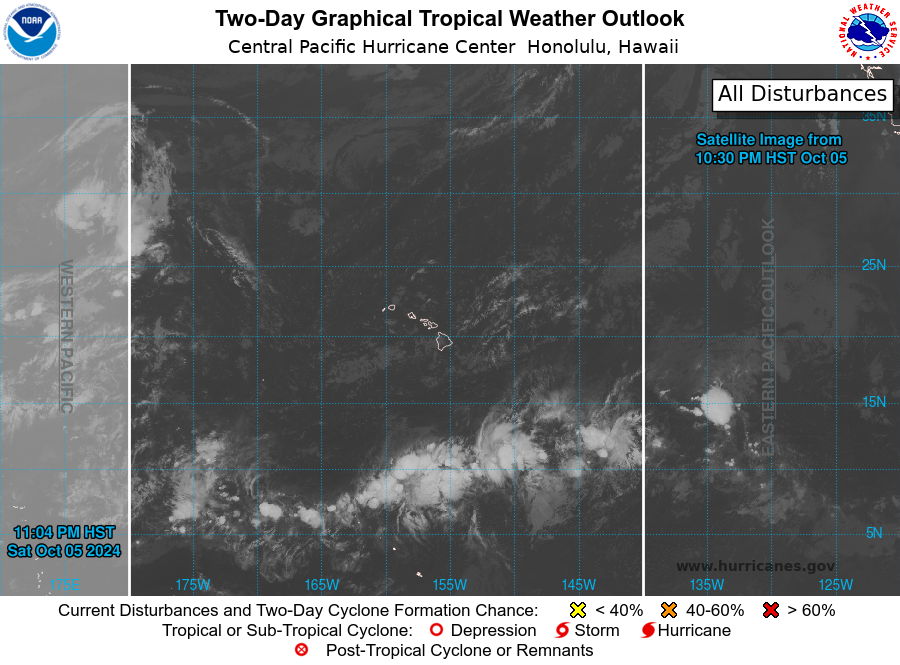
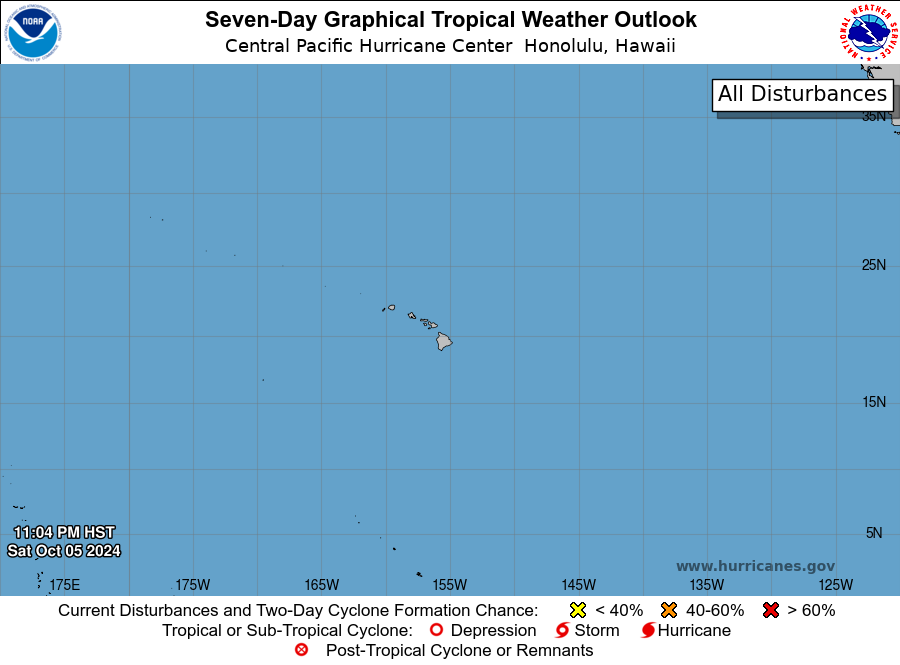
For the central North Pacific...between 140W and 180W:

No tropical cyclones are expected during the next 7 days.

Forecaster Powell